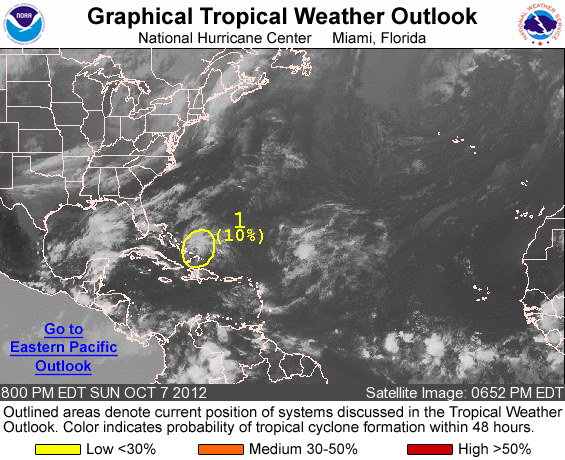
FOR THE NORTH ATLANTIC...CARIBBEAN SEA AND THE GULF OF MEXICO...

1. A TROUGH OF LOW PRESSURE EXTENDING FROM NEAR THE SOUTHEASTERN BAHAMAS NORTHWARD OVER THE WESTERN ATLANTIC FOR A COUPLE HUNDRED MILES IS PRODUCING DISORGANIZED CLOUDINESS AND SHOWERS. UPPER- LEVEL WINDS ARE FORECAST TO BECOME LESS CONDUCIVE FOR DEVELOPMENT DURING THE NEXT DAY OR TWO AS THE DISTURBANCE MOVES WEST- NORTHWESTWARD AT ABOUT 10 MPH. THIS SYSTEM HAS A LOW CHANCE...10 PERCENT...OF BECOMING A TROPICAL CYCLONE DURING THE NEXT 48 HOURS.

ELSEWHERE...TROPICAL CYCLONE FORMATION IS NOT EXPECTED DURING THE NEXT 48 HOURS.

FORECASTER BROWN